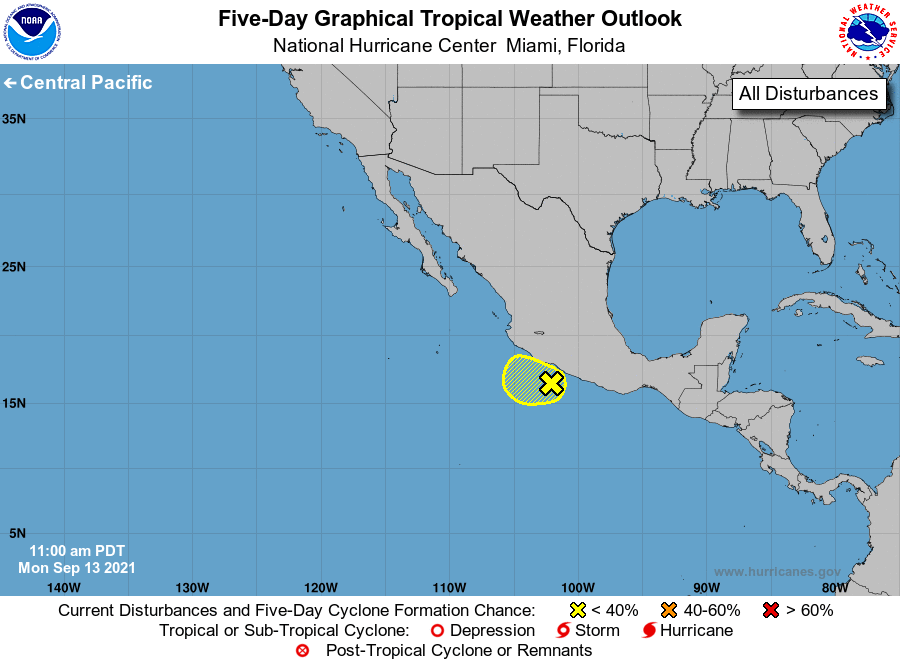
For the eastern North Pacific...east of 140 degrees west longitude:

1. Showers and thunderstorms remain disorganized in association with an elongated trough of low pressure located about 100 miles offshore the southern and southwestern coasts of Mexico. Environmental conditions are only marginally conducive, and any development should be slow to occur over the next couple of days while the system moves westward or west-northwestward at 5 to 10 mph. Regardless of development, this system will likely produce heavy rains across portions of southern and southwestern Mexico through Tuesday.
* Formation chance through 48 hours...low...30 percent.
* Formation chance through 5 days...low...30 percent.

Forecaster Brown/Hagen